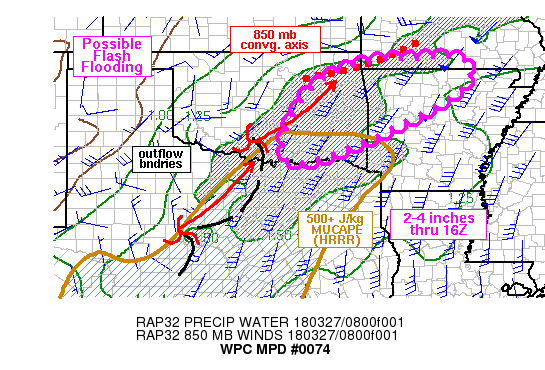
AREAS AFFECTED...ERN OK INTO NRN AR/SRN MO

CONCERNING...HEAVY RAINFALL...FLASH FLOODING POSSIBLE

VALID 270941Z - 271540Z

SUMMARY...A RENEWED AXIS OF TRAINING HEAVY RAIN IS EXPECTED TO SET
UP OVER EASTERN OKLAHOMA INTO NORTHERN ARKANSAS AND PERHAPS
SOUTHERN MISSOURI BEYOND 12Z. RAINFALL RATES OF 1-2 IN/HR WITH 6
HOUR TOTALS OF 2-4 INCHES WILL BE POSSIBLE.

DISCUSSION...RADAR IMAGERY FROM 09Z SHOWED A SOUTHWEST TO
NORTHEAST ORIENTED AXIS OF RAINFALL...0.5-1.5 IN/HR PER KINX RADAR
ALONG I-40 IN NORTHEASTERN OKLAHOMA...CO-LOCATED WITH STRONG 850
MB CONVERGENCE. FARTHER SOUTHWEST...TWO INFERRED WEAK LOW LEVEL
CIRCULATIONS WERE EVIDENT IN REGIONAL RADAR IMAGERY OVER
SOUTH-CENTRAL OKLAHOMA AND WEST-CENTRAL TEXAS...EACH CONNECTED
WITH ARCING OUTFLOW BOUNDARIES.  THE TWO MESO-LOWS WERE MOVING
TOWARD THE NORTHEAST AT 40-50 KT...AND WERE LOCATED NEAR AN 850 MB
FRONTAL BOUNDARY WHICH STRETCHED FROM NEAR THE SOUTHERN EXTENT OF
I-44 ALONG THE OKLAHOMA/TEXAS BORDER TO THE BIG BEND REGION OF
TEXAS.

AS THE 850 MB FRONTAL BOUNDARY SLOWLY EDGES EAST OVER THE NEXT FEW
HOURS...LOW LEVEL CONVERGENCE IS EXPECTED TO INCREASE ALONG THE
EASTERN TEXAS/OKLAHOMA BORDER WITH 40-50 KT OF 850 MB FLOW
FOCUSING JUST AHEAD OF THE 850 MB FRONT FROM NORTHEASTERN TEXAS
INTO EASTERN OKLAHOMA AND WESTERN ARKANSAS. THE RAP/HRRR INDICATED
A POOL OF 500 J/KG MUCAPE WAS IN PLACE OVER MUCH OF EASTERN TEXAS
INTO SOUTHEASTERN OKLAHOMA...WHICH IS EXPECTED TO ADVECT
NORTHEASTWARD OVER THE NEXT FEW HOURS. AS THE ENTIRE MESOSCALE
SYSTEM OF CIRCULATIONS AND BOUNDARIES SHIFTS TOWARD THE
NORTHEAST...A RENEWED AXIS OF LOW LEVEL CONVERGENCE IS EXPECTED TO
FOCUS RAINFALL RATES OF 1-2 IN/HR WITH 6 HOUR RAINFALL OF 2-4
INCHES FROM EASTERN OKLAHOMA INTO NORTHWESTERN ARKANSAS AND
PERHAPS SOUTHERN MISSOURI. HEAVIER RAINFALL INTENSITY FOR
LOCATIONS FARTHER NORTH SHOULD BE LIMITED BY REDUCED INSTABILITY.
FLASH FLOODING WILL BE POSSIBLE WHERE TRAINING SETS UP.